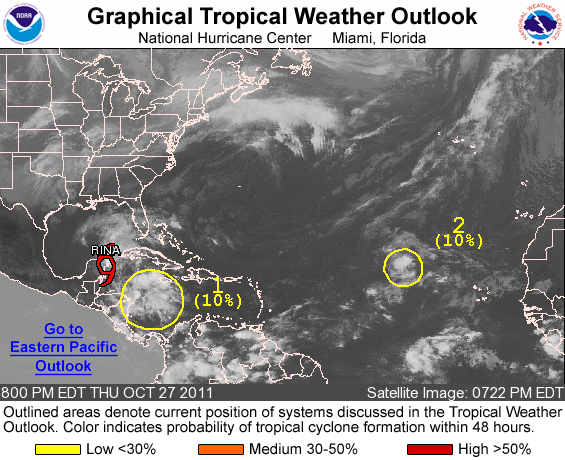
FOR THE NORTH ATLANTIC...CARIBBEAN SEA AND THE GULF OF MEXICO...

THE NATIONAL HURRICANE CENTER IS ISSUING ADVISORIES ON TROPICAL STORM RINA...LOCATED ABOUT 35 MILES SOUTH-SOUTHWEST OF COZUMEL MEXICO.

1. BROAD LOW PRESSURE CENTERED OVER THE SOUTHWESTERN CARIBBEAN SEA IS PRODUCING DISORGANIZED SHOWERS AND THUNDERSTORMS EXTENDING FROM JAMAICA AND THE CAYMAN ISLANDS SOUTHWESTWARD TO NICARAGUA AND HONDURAS. DEVELOPMENT OF THIS SYSTEM...IF ANY...WILL BE SLOW TO OCCUR...AND IT HAS A LOW CHANCE...10 PERCENT...OF BECOMING A TROPICAL CYCLONE DURING THE NEXT 48 HOURS WHILE BEING NEARLY STATIONARY OVER THE SOUTHWESTERN CARIBBEAN SEA.

2. A LOW PRESSURE SYSTEM OVER THE EASTERN ATLANTIC ABOUT 825 MILES WEST-NORTHWEST OF THE CAPE VERDE ISLANDS IS PRODUCING A SMALL AREA OF SHOWERS AND THUNDERSTORMS. UPPER-LEVEL WINDS ARE EXPECTED TO BE MARGINALLY CONDUCIVE FOR DEVELOPMENT OVER THE NEXT COUPLE OF DAYS. THIS SYSTEM HAS A LOW CHANCE...10 PERCENT...OF BECOMING A TROPICAL CYCLONE DURING THE NEXT 48 HOURS AS IT MOVES WEST-NORTHWESTWARD AT 5 TO 10 MPH.

ELSEWHERE...TROPICAL CYCLONE FORMATION IS NOT EXPECTED DURING THE NEXT 48 HOURS.

FORECASTER BERG